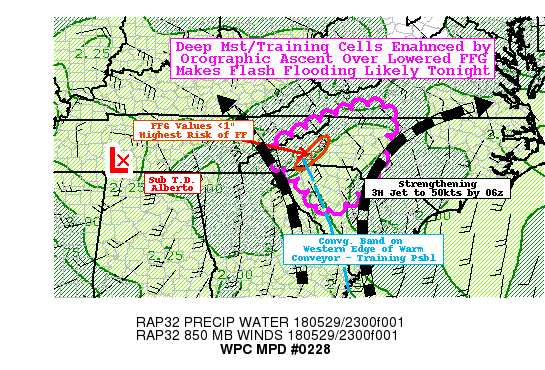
AREAS AFFECTED...UPSTATE SC...WESTERN NC...EXT SW VA...

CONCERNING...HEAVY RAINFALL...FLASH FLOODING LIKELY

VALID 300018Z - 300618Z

SUMMARY...STRONG OROGRAPHIC ASCENT OVER SATURATED GROUNDS
COMPOUNDED BY A N-S CONVERGENCE BAND WITH TRAINING ELEMENTS
LIFTING NORTH INTO THE TERRAIN PRESENT HIGH LIKELIHOOD FOR
CONTINUED FLASH FLOODING

DISCUSSION...STRONG WARM CONVEYOR BELT CONTINUES TO PUMP VERY DEEP
MOIST TROPICAL AIR NORTH AND NORTHWESTWARD ACROSS THE CAROLINAS
DIRECTLY INTO THE SOUTHERN APPALACHIANS FROM EXT N GA TO SW VA.
RADAR MOSAIC ALSO DEPICTS A N-S SOUTH LINE OF DEEPER CONVECTION
FROM N AIKEN COUNTY, SC TOWARD HENDERSON COUNTY, NC AT THE WESTERN
EDGE OF THE WARM CONVEYOR BELT WHERE MAXIMIZED LOW LEVEL
CONVERGENCE/FLUX SUPPORT TROPICAL UPDRAFTS CAPABLE OF 2"/HR RATES.
 GREATEST DENSITY OF SHALLOW CONVECTION IS ALONG AND NORTHEAST OF
THIS CONVERGENCE LINE RECEIVING SUFFICIENT OROGRAPHIC ASCENT
ACROSS THE FOOTHILLS OF NC AND STARTING TO LEAK INTO SW VA.  RAP
ANALYSIS AND SATELLITE DERIVED AMV SUGGEST GREATEST UPPER LEVEL
DIVERGENCE OVER W NC AS THE WARM CONVEYOR SPLITS TOWARD ALBERTO AS
WELL AS NE AROUND BERMUDA RIDGE.  WITH HIGH RATES, TRAINING AND
OROGRAPHIC ENHANCEMENT ADDITIONAL 2-4" TOTALS ARE EXPECTED FROM
HENDERSON TO CALDWELL COUNTIES WHERE FFG VALUES ARE ALREADY BELOW
1" EVEN IN 3HRS.  MAKING FLASH FLOODING HIGHLY LIKELY WITH
NEIGHBORHOOD PROBABILITIES EXCEEDING FFG VALUES (WHICH WERE
CALCULATED HIGHER FROM 12Z FFG VALUES) WAS ALREADY NEAR 90%.

THE NORTHWARD SHIFT OF BEST DIFFLUENCE WITH A STRENGTHENING UL JET
(TO 50KTS) WILL MAINTAIN SHOWERS/THUNDERSTORMS EVEN WITH THE SLOW
AND EVENTUAL LOSS OF BEST INSTABILITY (BELOW 500 J/KG MUCAPES
TOWARD 07Z) WILL CONTINUE TO TRACK NORTH.  SLOW  EASTWARD MARCHING
OF THE CONVERGENCE BAND WILL ALLOW FOR A LONGER DURATION OF HEAVY
RAIN AXIS INTO THE LOWEST FFG VALUES WITH THE TAIL END OF THE BEST
FORCING TO SUBSIDE TOWARD 07Z...THOUGH SCATTERED LIGHT TO MODERATE
LINGERING SHOWERS MAY REMAIN.